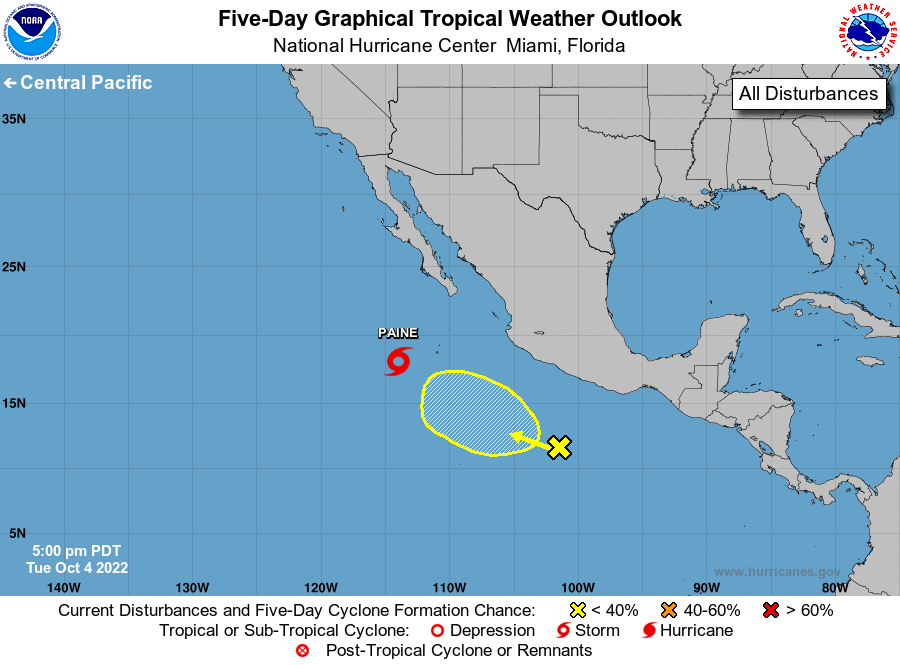
For the eastern North Pacific...east of 140 degrees west longitude:

Active Systems: The National Hurricane Center is issuing advisories on Tropical Storm Paine, located several hundred miles south-southwest of the southern tip of the Baja California peninsula.

1. South of southern Mexico: A broad area of low pressure located several hundred miles south of Acapulco, Mexico, is currently producing only a few showers and thunderstorms. Development of this system, if any, should be slow to occur, due to strong upper-level winds and nearby dry air. The low is forecast to move generally westward to west-northwestward remaining south of the coasts of southern and southwestern Mexico.
* Formation chance through 48 hours...low...near 0 percent.
* Formation chance through 5 days...low...10 percent.

Forecaster Beven